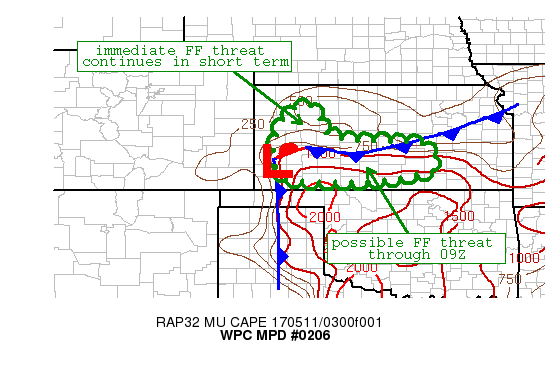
AREAS AFFECTED...WRN TO CNTRL KS

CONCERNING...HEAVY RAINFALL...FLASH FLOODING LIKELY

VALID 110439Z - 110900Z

SUMMARY...FLASH FLOODING RAINS WILL CONTINUE TO IMPACT PORTIONS OF
WRN KANSAS IN THE SHORT TERM WITH THE THREAT SHIFTING INTO
PORTIONS OF CNTRL KS OVER THE NEXT 2 HOURS.

DISCUSSION...ONGOING HEAVY RAIN OVER WRN KS AS OF 04Z...WITH A
PERSISTENT MESOLOW NOTED ALONG THE WRN SHERIDAN/GOVE COUNTY BORDER
CONTAINING RADAR ESTIMATED RAIN RATES NEAR 3 IN/HR...HAS RESULTED
IN NUMEROUS FLASH FLOOD WARNINGS AND REPORTS ACROSS THE REGION.
LOCAL RADAR IMAGERY OVER THE PAST HOUR SHOWED THE DEVELOPMENT OF
CONVECTION ALONG A COLD FRONT SINKING SOUTH THROUGH KS WITH RADAR
ESTIMATED RAIN RATES OF 1-2 IN/HR. INSTABILITY HAS WANED OVER THE
PAST SEVERAL HOURS BUT CONVERGENT LOW LEVEL LOW ALONG THE FRONTAL
BOUNDARY BENEATH WIDELY DIFFLUENT FLOW ALOFT CONTINUES TO FUEL
HEAVY RAIN WITH 500-1500 J/KG ESTIMATED MUCAPE. THIS WILL POSE AN
IMMEDIATE SHORT TERM FLASH FLOOD THREAT.

AS AN UPPER LOW LOCATED OVER NM CONTINUES TO PROGRESS NEWD OVER
THE NEXT 3-6 HOURS...A FURTHER REDUCTION IN INSTABILITY ACROSS
NWRN KS SHOULD REDUCE RAINFALL INTENSITY THOUGH 20-35 KT OF ELY
850 MB UPSLOPE FLOW SHOULD CONTINUE MODERATE RAINFALL AT TIMES.
FAVORABLE UPPER LEVEL LIFT AHEAD OF THE PROGRESSING UPPER LOW WILL
COMBINE WITH REMAINING INSTABILITY LOCATED SOUTH OF THE FRONT AND
CONVERGENCE ALONG THE FRONTAL BOUNDARY TO POSE A FLASH FLOOD
THREAT INTO PORTIONS OF S-CNTRL KS OVER THE NEXT FEW HOURS. WHILE
NOT WIDESPREAD...A FEW LOCATIONS HAVE THE POTENTIAL TO PICK UP
ANOTHER 2-3 INCHES BY 09Z WHICH MAY CAUSE FLASH FLOODING IN A FEW
LOCATIONS.